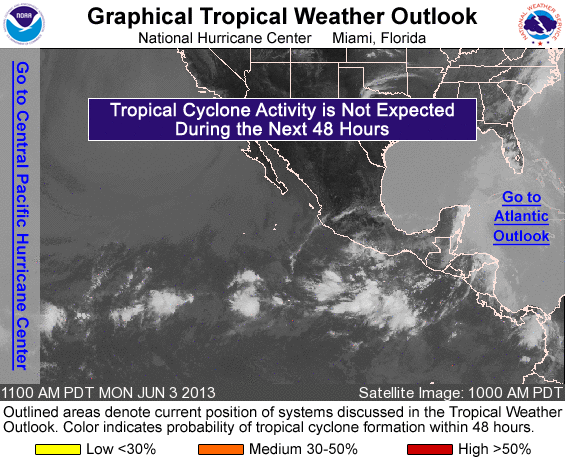
FOR THE EASTERN NORTH PACIFIC...EAST OF 140 DEGREES WEST LONGITUDE..

TROPICAL CYCLONE FORMATION IS NOT EXPECTED DURING THE NEXT 48 HOURS.

FORECASTER BROWN